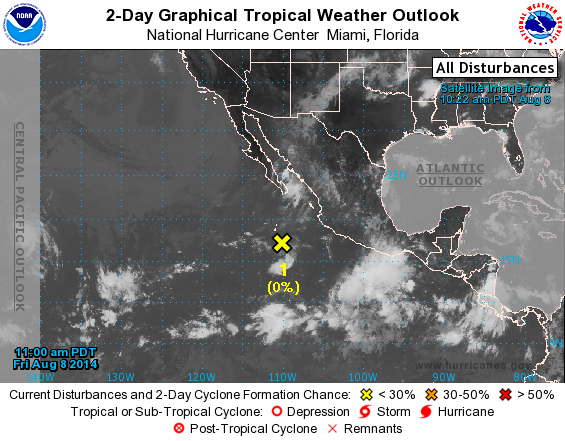
For the eastern North Pacific...east of 140 degrees west longitude:

1. Shower activity associated with a trough of low pressure located several hundred miles south of the southern tip of the Baja California peninsula has diminished this morning. Development of this system is unlikely due to strong upper-level winds.
* Formation chance through 48 hours...low...near 0 percent.
* Formation chance through 5 days...low...near 0 percent.

Forecaster Kimberlain